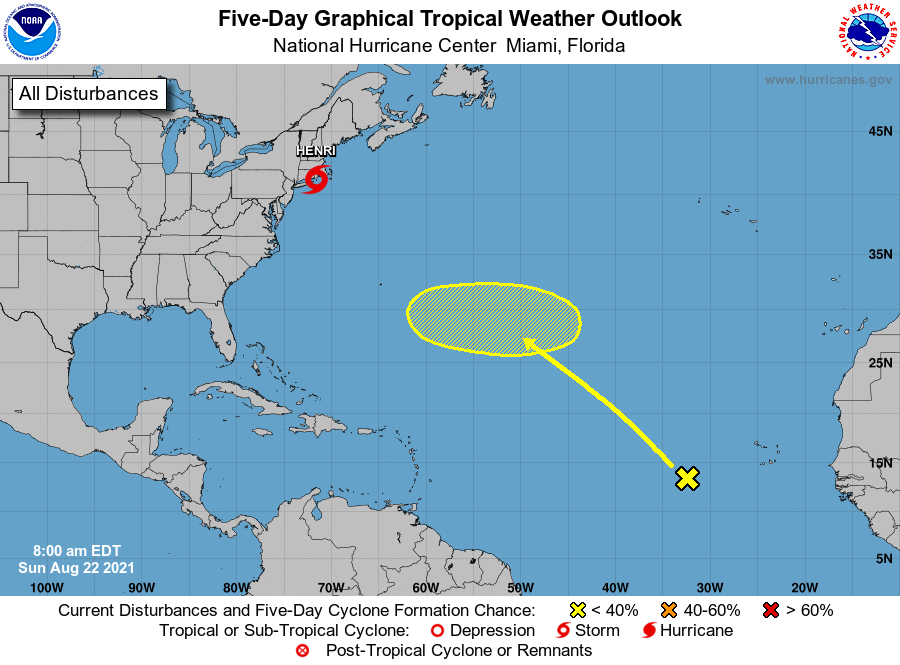
For the North Atlantic...Caribbean Sea and the Gulf of Mexico:

The National Hurricane Center is issuing advisories on Tropical Storm Henri, located just southeast of Long Island, New York.

1. Disorganized shower activity over the eastern tropical Atlantic is associated with a broad area of low pressure southwest of the Cabo Verde Islands. Little, if any, development is expected to occur during the next couple of days. Some gradual development, however, is possible by mid-week as the system moves northwestward at 10 to 15 mph, over the central Atlantic.
* Formation chance through 48 hours...low...near 0 percent.
* Formation chance through 5 days...low...10 percent.

Forecaster Roberts